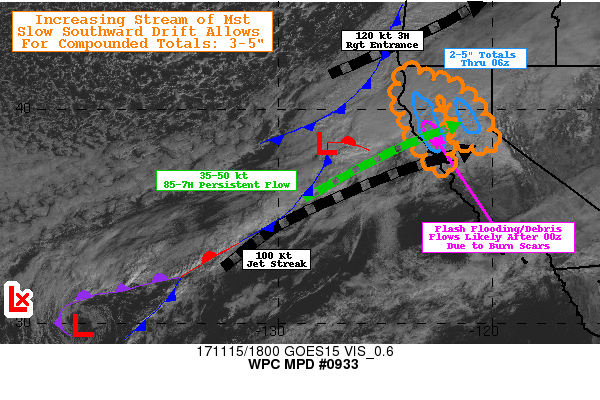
AREAS AFFECTED...N COASTAL CA...NORTHERN SIERRAS

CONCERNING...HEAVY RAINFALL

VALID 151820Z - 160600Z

SUMMARY...APPROACH OF WAVE BY 22Z AND PERSISTENT PERPENDICULAR
MOIST ONSHORE FLOW TO SLOWLY DRIFT SOUTH IN COASTAL RANGES AND
NORTHERN SIERRAS THROUGH 06Z.  FLASH FLOODING AND DEBRIS FLOWS ARE
LIKELY AFTER 00Z DUE TO RECENT BURN SCARS.

DISCUSSION...GOES-W WV LOOP SHOWS VERY ANOMALOUS LARGE SCALE
CYCLONE OVER THE NORTHEAST PACIFIC WITH 120KT JET CROSSING SW-NE
OVER OR ATTM PROVIDING LARGE SCALE ASCENT ACROSS SW OR/N CA LIKELY
TO PERSIST AND STRENGTHEN (130+KTS) AS MAIN +PV CORE SLIDES
SOUTHEAST WITH TIME.  WV LOOP ALSO DEPICTS A HEALTH SUBTROPICAL
CLOSED LOW NEAR 31N/142W...WHICH HAS BEGUN STRETCHING AND SHEDDING
SUBTLE S/W FEATURES THROUGH THE INTERFACE WITH THE NORTHERN
STREAM.  AS SUCH THE SUBTROPICAL JET STREAK OF 100 KTS IS ALSO
DETECTED ANGLING TOWARD SAN FRANCISCO BAY...LEAVING A SMALL REGION
OF DUAL JET ENHANCEMENT.

THIS AREA IS DENOTED BY RECENT CONVECTIVE ACTIVITY WITH 14Z AMSU
PASS RAIN RATES UP TO .35" WHICH IS QUITE IMPRESSIVE GIVEN THE
LARGE FOOTPRINT. EXTRAPOLATION OF THIS FEATURE WILL BRING ASHORE
BETWEEN 21-22Z CAPE MENDOCINO/PUNTA GORDA.  A DRAPED COLD FRONT TO
THE NORTH OF THE WAVE HAS BEGUN TO STALL ITS SOUTHWARD PROGRESS
OVER SW OR...AND WHILE THIS WILL ALLOW FOR A FEW ADDITIONAL HOURS
OF 25-35KT ONSHORE FLOW INTO THE SW OR COASTAL RANGE...THE AREA IS
GENERALLY MOISTURE STARVED AND LIKELY TO RESULT IN RAIN RATES LESS
THAN .25" OVER THE NEXT 3HRS AND ENDING JUST AFTER 00Z AND LOWERED
TOTALS. WHILE THERE MAY BE CONVECTIVE ELEMENTS SUPPORTED BY UP TO
250 J/KG MUCAPES NEAR THE SHORTWAVE/SFC WAVE...MAY BE NEAR .5"/HR
AT TIMES IN THE SISKIYOU/TRINITY RANGES... THE TRANSLATION OF THE
WAVE THROUGH NW CA SHOULD ALSO LIMIT TOTALS TO 1-3".

COASTAL RANGE AND NORTHERN SIERRA RANGES...AFTER 00Z UPPER LEVEL
FLOW WILL CONTINUE TO STRENGTH WITH 130KTS OF JET ENTRANCE REGION
BROAD SCALE ASCENT...BUT THE FRONTAL BOUNDARY AND ONSHORE FLOW
WILL BE MORE PARALLEL WITH VERY LIMITED SOUTHWARD PROPAGATION.
850-7H FLOW WILL SLACK A BIT AS THE WAVE PASSES BUT WILL REMAIN IN
THE 35-50KT RANGE RESPECTFULLY AND WILL BE GENERALLY PERPENDICULAR
TO THE COASTAL RANGE AND THE DOWNSTREAM NORTHERN SIERRAS (E TEHAMA
TO PLACER COUNTIES).  THE DEEPENING UNIDIRECTIONAL FLOW IN THE
DEFORMATION/SHEARING ZONE SOUTH OF THE FRONT WILL ALSO MOISTEN
WITH TPWS INCREASING TO 1.25" PERHAPS REACHING 1.5" BY 06Z IN THE
NORTH BAY REGION.  THIS WILL ALLOW FOR RAIN RATES IN THE TERRAIN
TO OCCASIONALLY REACH .75"/HR AND PERHAPS 1"/HR IN THE LOWER
FLANKS (BELOW FREEZING LEVEL) IN THE NORTHERN SIERRAS WITH
PERSISTENT .5"/HR RATES MORE LIKELY AND TOTALS OF 3-5" THROUGH
06Z.

THESE RATES/RAINFALL MAGNITUDES IS OF PARTICULAR CONCERN FOR FLASH
FLOODING AND POTENTIALLY HEAVY DEBRIS FLOWS GIVEN THIS IS THE
FIRST SIGNIFICANT RAINFALL EVENT OVER THE RECENT BURN SCARS
(TUBBS/NUNS/ATLAS/PARTRICK) THIS SUMMER. CURRENT HI-RES GUIDANCE
SUGGESTS THAT THE MAIN CORE IS LIKELY TO BE NORTH OF THE BURN
SCARS BUT THE GUIDANCE HAS HAD A SLIGHT SLOW/NORTH BIAS OVER THE
PAST FEW DAYS. GIVEN THE DENSITY OF POPULATION IN PROXIMITY TO THE
BURN SCARS CONCERN OVER POTENTIAL IMPACTS IS HEIGHTENED.